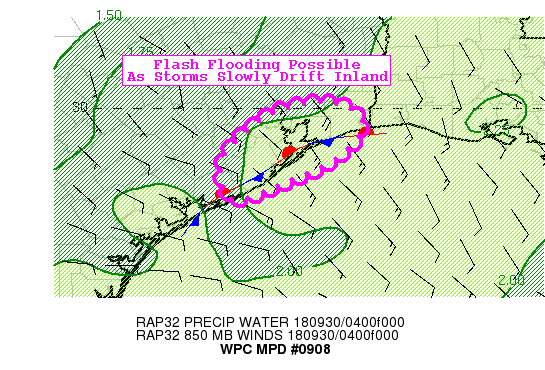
Areas affected...TX Gulf Coast

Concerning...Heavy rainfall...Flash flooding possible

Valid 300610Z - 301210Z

Summary...Thunderstorms tracking inland along the mid/upper Texas
Gulf Coast this morning may become more widespread over the next
several hours. With a favorable environment for heavy rainfall in
place, flash flooding may be possible.

Discussion...HGX radar returns show convection developing just
offshore Galveston to the TX/LA border with a slow drift to the
west/northwest. Recent GOES16 cloud tops have cooled quickly and
the latest RAP mesoanalysis puts between 1000-1500 J/kg of MLCAPE
along the coast within a high PWAT zone (2.0-2.1" per GPS data).

Hi-res models are handling this activity poorly and are generally
too slow and displaced from reality. Though most of the guidance
does show some convection blossoming toward 09z or so but lacks
spatial consistency. It's uncertain how much will track inland,
but what does will be working with a highly efficient environment
for heavy rainfall. Main concern is for repeated rounds of storms
over urban sensitive areas but also in locations that picked up
heavy rainfall in the last 24 hours.

With several clusters of storms around, a quick burst of 1-2
inches with totals of 3-4 inches is possible.